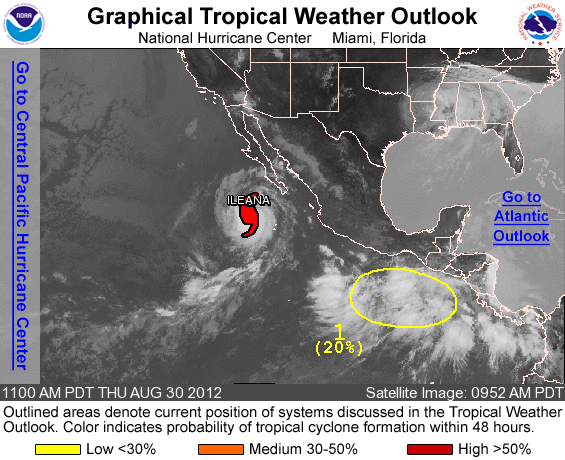
FOR THE EASTERN NORTH PACIFIC...EAST OF 140 DEGREES WEST LONGITUDE..

THE NATIONAL HURRICANE CENTER IS ISSUING ADVISORIES ON HURRICANE ILEANA...LOCATED ABOUT 305 MILES SOUTHWEST OF THE SOUTHERN TIP OF BAJA CALIFORNIA.

1. A LARGE AREA OF DISORGANIZED SHOWERS AND A FEW THUNDERSTORMS EXTEND FROM CENTRAL AMERICA WESTWARD FOR SEVERAL HUNDRED MILES. GRADUAL DEVELOPMENT OF THIS DISTURBANCE IS POSSIBLE OVER THE NEXT COUPLE OF DAYS AS IT MOVES WESTWARD TO WEST-NORTHWESTWARD AT 10 TO 15 MPH. THIS SYSTEM HAS A LOW CHANCE...20 PERCENT...OF BECOMING A TROPICAL CYCLONE DURING THE NEXT 48 HOURS.

ELSEWHERE...TROPICAL CYCLONE FORMATION IS NOT EXPECTED DURING THE NEXT 48 HOURS.

FORECASTER BLAKE